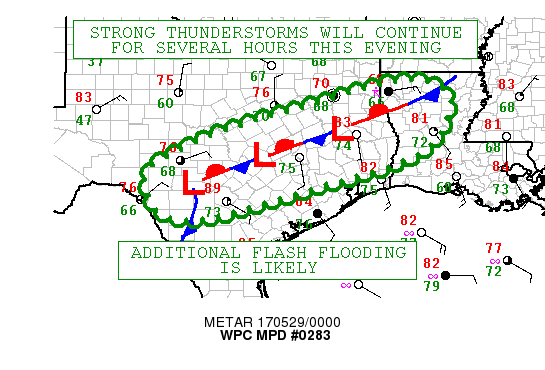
AREAS AFFECTED...CENTRAL TX...EASTERN TX...WESTERN LA

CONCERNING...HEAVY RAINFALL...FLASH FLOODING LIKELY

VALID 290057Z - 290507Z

OVERVIEW...STRONG THUNDERSTORMS CONTINUING FROM JUST EAST OF BIG
BEND TX ALONG A LINE ACROSS EASTERN TX INTO WESTERN LA WILL LIKELY
RESULT IN ADDITIONAL FLASH FLOODING DURING THE NEXT SEVERAL HOURS.

DISCUSSION...STRONG THUNDERSTORMS CONTINUE ALONG A FRONTAL
BOUNDARY THAT EXTENDS EAST-NORTHEAST FROM NEAR CRYSTAL SPRINGS TX
ACROSS EASTERN TX INTO WESTERN LA. THESE STORMS ARE PRODUCING
LOCAL HOURLY RAIN RATES OF 1-2.5"...AND RADARS ACROSS THE REGION
SHOW LOCAL RAINFALL TOTALS UP TO 4".

SURFACE DEW POINTS ARE STILL MAINLY 70 DEGREES F AND HIGHER ACROSS
THE REGION...WITH PRECIPITABLE WATER AROUND 1.6-2.2" LOW LEVEL
SOUTHERLY FLOW OF 15-20 KT WILL CONTINUE TO FEED MOISTURE INTO THE
REGION. SPC MESOANALYSES SHOW THAT THE ENVIRONMENT IS STILL VERY
UNSTABLE WITH MUCAPE IN THE RANGE OF 3000-5000 J/KG.

HIRES MODELS ARE IN FAIRLY GOOD AGREEMENT THAT ADDITIONAL LOCAL
RAINFALL AMOUNTS UP TO 3" ARE LIKELY DURING THE NEXT SEVERAL
HOURS. THEY ALSO AGREE FAIRLY WELL THAT CONVECTION WILL BEGIN TO
EASE 04Z-05Z. THE LINE OF CONVECTION SHOULD CONTINUE TO SHIFT
SLOWLY SOUTH AND EAST DURING THE PERIOD.

THE 3 HOUR FLASH FLOOD GUIDANCE ACROSS THE THREAT AREA IS
GENERALLY 3-5"...BUT AS MENTIONED ABOVE LOCAL TOTALS OF 4" HAVE
ALREADY OCCURRED. SO ADDITIONAL FLASH FLOODING IS LIKELY FOR THE
NEXT SEVERAL HOURS THIS EVENING.